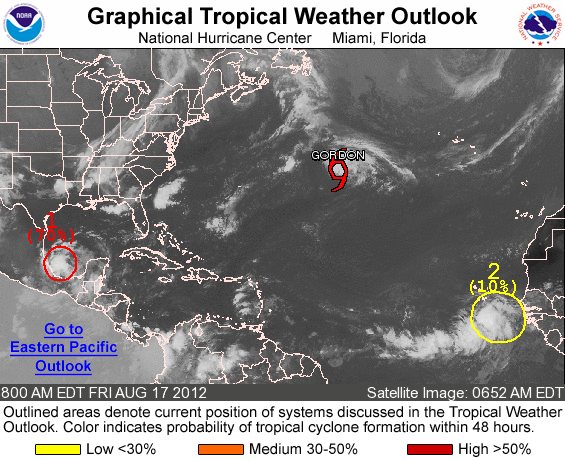
FOR THE NORTH ATLANTIC...CARIBBEAN SEA AND THE GULF OF MEXICO...

THE NATIONAL HURRICANE CENTER IS ISSUING ADVISORIES ON TROPICAL STORM GORDON...LOCATED OVER THE CENTRAL ATLANTIC OCEAN ABOUT 1195 MILES WEST OF THE AZORES.

1. SHOWER AND THUNDERSTORM ACTIVITY HAS INCREASED OVER THE PAST FEW HOURS IN ASSOCIATION WITH THE REMNANTS OF TROPICAL DEPRESSION SEVEN IN THE EXTREME SOUTHWESTERN GULF OF MEXICO. SURFACE OBSERVATIONS AND RADAR DATA INDICATE THAT THE CIRCULATION HAS ALSO BECOME A LITTLE BETTER DEFINED. ENVIRONMENTAL CONDITIONS APPEAR CONDUCIVE FOR DEVELOPMENT...AND A TROPICAL DEPRESSION COULD FORM BEFORE THIS SYSTEM REACHES LAND IN THE NEXT DAY OR SO. THIS SYSTEM HAS A HIGH CHANCE...70 PERCENT...OF BECOMING A TROPICAL CYCLONE DURING THE NEXT 48 HOURS AS IT MOVES WEST-NORTHWESTWARD TO NORTHWESTWARD AT AROUND 10 MPH. INTERESTS ALONG THE GULF COAST OF MEXICO SHOULD MONITOR THIS SYSTEM...AS A TROPICAL STORM WATCH OR WARNING COULD BE NEEDED FOR PART OF THE COAST TODAY. AN AIR FORCE RESERVE HURRICANE HUNTER AIRCRAFT IS SCHEDULED TO INVESTIGATE THIS SYSTEM THIS AFTERNOON.

2. A TROPICAL WAVE LOCATED JUST WEST OF THE COAST OF AFRICA CONTINUES TO PRODUCE AN AREA OF DISORGANIZED SHOWERS AND THUNDERSTORMS IN THE FAR EASTERN ATLANTIC OCEAN. SOME SLOW DEVELOPMENT OF THIS SYSTEM IS POSSIBLE DURING THE NEXT FEW DAYS. THIS SYSTEM HAS A LOW CHANCE... 10 PERCENT...OF BECOMING A TROPICAL CYCLONE DURING THE NEXT 48 HOURS AS IT MOVES TOWARD THE WEST AT 15 TO 20 MPH.

ELSEWHERE...TROPICAL CYCLONE FORMATION IS NOT EXPECTED DURING THE NEXT 48 HOURS.

FORECASTER BRENNAN